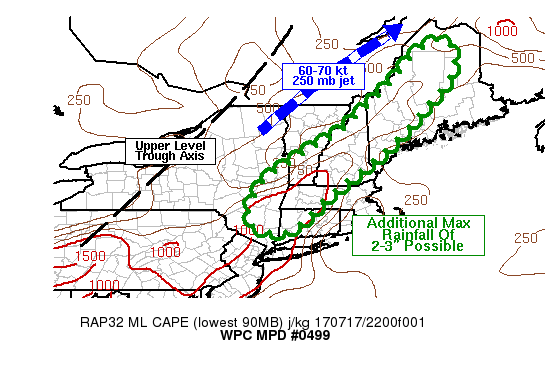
AREAS AFFECTED...ERN NY INTO PORTIONS OF NEW ENGLAND

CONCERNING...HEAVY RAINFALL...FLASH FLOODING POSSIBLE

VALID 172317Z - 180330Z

SUMMARY...ALTHOUGH THE THREAT IS DIMINISHING...A FEW MORE HOURS OF
FLASH FLOOD POTENTIAL WILL EXIST FROM ERN NY INTO PORTIONS OF SWRN
AND NRN NEW ENGLAND. MAXIMUM ADDITIONAL RAINFALL TOTALS OF 2-3
INCHES ARE POSSIBLE.

DISCUSSION...REGIONAL RADAR AT 23Z CONTINUED TO SHOW A BROKEN LINE
OF SHOWERS AND THUNDERSTORMS EXTENDING FROM NWRN ME THROUGH CNTRL
NH...SRN VT INTO E-CNTRL NY. RAINFALL RATES OF 1-2 IN/HR CONTINUE
TO BE OBSERVED WITHIN SOME OF THE HEAVIER CORES. MLCAPE IS
ESTIMATED TO BE 500-1000 J/KG ACROSS NEW ENGLAND INTO SERN
NY...HIGHER TOWARD THE SOUTH...PER 22Z DATA FROM THE SPC
MESOANALYSIS PAGE. INFRARED CLOUD TOPS HAVE SHOWN SIGNS OF WARMING
IN MANY AREAS...BUT A FEW POCKETS OF COOLING TOPS REMAIN ACROSS
NRN NEW ENGLAND AND PORTIONS OF ERN NEW YORK.

ANOTHER FEW HOURS OF FLASH FLOOD POTENTIAL WILL EXIST ACROSS THE
MPD THREAT AREA DESPITE DWINDLING INSTABILITY GIVEN PRECIPITABLE
WATER VALUES PEAKING NEAR 1.5 INCHES PER RECENT GPS DATA OVER WRN
CT AND FAVORABLE PLACEMENT WITHIN A DIVERGENT/DIFFLUENT REGION
AHEAD OF A POSITIVELY TILTED UPPER TROUGH AXIS. 16-18Z RUNS OF THE
HRRR_EXPERIMENTAL APPEAR TO BE HANDLING THE SETUP BEST...BUT ARE A
BIT SLOW. THE IDEA IS TO CONTINUE EMBEDDED RAINFALL RATES OF 1-2
IN/HR EXTENDING ANYWHERE FROM NRN ME...WHERE FFG VALUES ARE
LOWEST...TO SWRN NEW ENGLAND AND ERN NY UNTIL ABOUT 03Z WHEN
INSTABILITY SHOULD BE TOO MINIMAL TO SUPPORT HEAVIER RAINFALL
RATES.